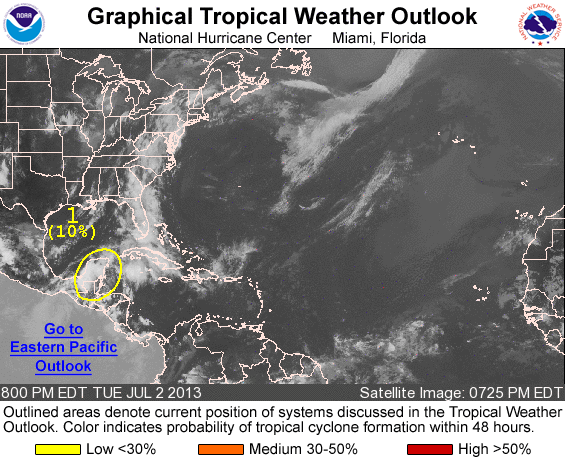
FOR THE NORTH ATLANTIC...CARIBBEAN SEA AND THE GULF OF MEXICO...

1. A SURFACE TROUGH PRODUCING AN AREA OF CLOUDINESS AND THUNDERSTORMS OVER MUCH OF THE YUCATAN PENINSULA AND THE EASTERN BAY OF CAMPECHE IS EXPECTED TO MOVE INTO THE SOUTHERN AND WESTERN GULF OF MEXICO DURING THE NEXT SEVERAL DAYS. UPPER-LEVEL WINDS ARE CURRENTLY UNFAVORABLE FOR DEVELOPMENT...BUT THEY COULD BECOME MARGINALLY CONDUCIVE OVER THE NEXT FEW DAYS AS THE DISTURBANCE MOVES WEST-NORTHWESTWARD TO NORTHWESTWARD AT ABOUT 10 MPH. THIS SYSTEM HAS A LOW CHANCE...NEAR 10 PERCENT...OF BECOMING A TROPICAL CYCLONE DURING THE NEXT 48 HOURS.

ELSEWHERE...TROPICAL CYCLONE FORMATION IS NOT EXPECTED DURING THE NEXT 48 HOURS.

FORECASTER STEWART